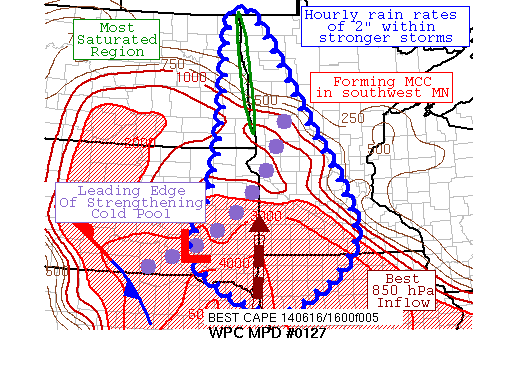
AREAS AFFECTED...EASTERN DAKOTAS, NORTHWEST IA, WESTERN MN

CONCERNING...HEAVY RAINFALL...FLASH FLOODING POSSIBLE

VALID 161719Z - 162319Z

SUMMARY...A PAIR OF CONVECTIVE COMPLEXES WITH EXPANDING COOL TOPS
ARE EXPECTED TO MERGE ACROSS SOUTHWEST MN OVER THE NEXT COUPLE
HOURS, THEN PROGRESS EAST-NORTHEAST AT 25 KTS.  DUE TO SATURATED
SOILS IN THE REGION, SEVERAL INSTANCES OF FLASH FLOODING ARE
POSSIBLE.

DISCUSSION...A COLD POOL IS DEVELOPING ACROSS THE DAKOTAS, CAUSED
BY A CONVECTIVE CLUSTER WHICH HAS BEEN MOVING EASTWARD ACROSS SD.
ANOTHER CONVECTIVE MASS FROM EASTERN NE IS MOVING INTO WESTERN IA,
WITH NEW SCATTERED THUNDERSTORMS FORMING BETWEEN THE TWO.  WIND
SHEAR IN THE 0-3 KM LAYER OF 30 KTS COMBINED WITH AMBIENT CAPES OF
2000-2500 J/KG ARE SUFFICIENT FOR THE WET MULTI-CELL ENVIRONMENT,
AND 0-6 KM BULK SHEAR IS SUFFICIENT FOR ORGANIZED CONVECTION IN
GENERAL.

THE MOST RECENT MESOSCALE GUIDANCE IS NEARLY UNANIMOUS IN SHOWING
HEAVY RAINS CENTERED UPON SOUTHWEST AND SOUTH-CENTRAL MN, NEAR THE
EXPECTED SITE OF THE CONVECTIVE COMPLEX MERGER, WHICH SHOULD FORM
AN MCC.  OTHER SCATTERED THUNDERSTORM ACTIVITY IS EXPECTED TO MOVE
ACROSS A VERY SATURATED REGION NEAR THE MN/ND BORDER.  HIGH
RAINFALL RATES ON THE ORDER OF 2" AN HOUR ARE ANTICIPATED OVER
SATURATED AREAS WHERE FLASH FLOOD GUIDANCE IS GENERALLY 1.5" IN
THREE HOURS.  USING THE MESOSCALE GUIDANCE AS A CUE, A QUICK 3-5"
IS EXPECTED LOCALLY.  THE SYSTEM AS A WHOLE IS EXPECTED TO
CONTINUE MOVING ROUGHLY 25 KTS TO THE EAST-NORTHEAST, WHICH SHOULD
LIMIT THE EXTENT OF THE FLASH FLOODING.  SEVERAL INSTANCES OF
FLASH FLOODING ARE ANTICIPATED.